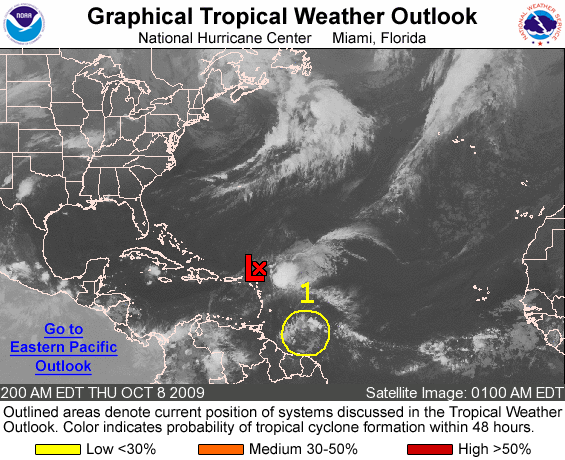
FOR THE NORTH ATLANTIC...CARIBBEAN SEA AND THE GULF OF MEXICO...

THE NATIONAL HURRICANE CENTER IS ISSUING ADVISORIES ON RECENTLY-DOWNGRADED TROPICAL DEPRESSION HENRI...LOCATED ABOUT 240 MILES EAST-NORTHEAST OF THE NORTHERN LEEWARD ISLANDS.

1. SHOWERS AND THUNDERSTORMS ASSOCIATED WITH A TROPICAL WAVE LOCATED ABOUT 500 MILES EAST OF THE SOUTHERN WINDWARD ISLANDS HAVE CHANGED LITTLE IN ORGANIZATION OVER THE PAST SEVERAL HOURS. DEVELOPMENT... IF ANY...OF THIS SYSTEM SHOULD BE SLOW TO OCCUR AS IT MOVES TO THE WEST-NORTHWEST AT ABOUT 15 TO 20 MPH. THERE IS A LOW CHANCE...LESS THAN 30 PERCENT...OF THIS SYSTEM BECOMING A TROPICAL CYCLONE DURING THE NEXT 48 HOURS.

ELSEWHERE...TROPICAL CYCLONE FORMATION IS NOT EXPECTED DURING THE NEXT 48 HOURS.

FORECASTER PASCH